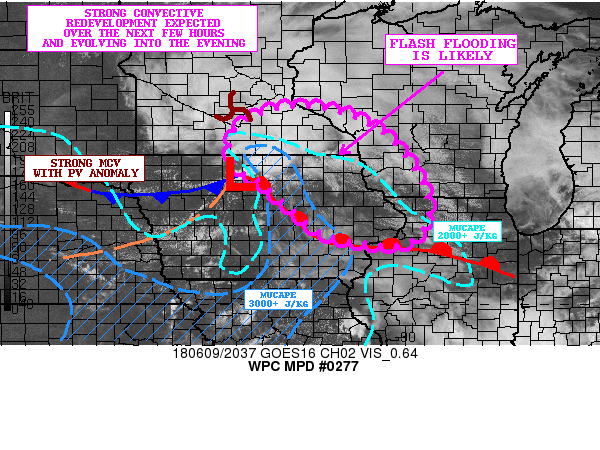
AREAS AFFECTED...SOUTH-CENTRAL TO SOUTHEAST MN...NORTH-CENTRAL TO
NORTHEAST IA...WEST-CENTRAL TO SOUTHWEST WI...NORTHWEST IL

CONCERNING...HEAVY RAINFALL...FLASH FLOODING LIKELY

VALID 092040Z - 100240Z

SUMMARY...HEAVY SHOWERS AND THUNDERSTORMS ARE EXPECTED TO
REDEVELOP AND EXPAND SIGNIFICANTLY IN COVERAGE LATE THIS AFTERNOON
AND EVENING. VERY INTENSE RAINFALL RATES TO NEAR 3 INCHES/HR AND
WET ANTECEDENT CONDITIONS WILL MAKE FLASH FLOODING LIKELY.

DISCUSSION...THE LATEST GOES-16 VISIBLE SATELLITE IMAGERY SHOWS A
STRONG MCV ADVANCING EAST ACROSS SOUTH-CENTRAL MN WITH THE
RGB-AIRMASS IMAGERY SUGGESTING A WELL-DEFINED PV ANOMALY
ASSOCIATED WITH IT.

THIS ENERGY IS EXPECTED TO INTERACT QUITE AGGRESSIVELY OVER THE
NEXT 2 TO 3 HOURS WITH A STRONG INSTABILITY AXIS POOLED NORTH UP
ACROSS CENTRAL AND EASTERN IA WHERE IN SOME CASES MUCAPE VALUES
ARE WELL OVER 3000 J/KG. THERE REMAINS SOME LOW LEVEL CINH OVER
NORTHEAST IA...BUT STRONG SURFACE HEATING WILL OVERCOME THIS AND
ALLOW CONVECTIVE INITIATION TO TAKE PLACE VERY SOON.

THIS WILL BE FACILITATED BY ENHANCING LOW LEVEL CONVERGENCE ALONG
AND NORTH OF A WARM FRONT AHEAD OF THE SURFACE WAVE OVER
NORTH-CENTRAL IA AND FAVORABLE DEEP LAYER SHEAR OF 35 TO 45 KTS.
THE MODE OF CONVECTION WILL LIKELY BE SUPERCELLULAR AS
ORGANIZATION BEGINS...BUT UPSCALE GROWTH INTO A STRONG MCS IS
EXPECTED THIS EVENING AS MERGING SUPERCELLS EVOLVE NEAR AND TO THE
NORTHEAST OF THE FRONT AND EVENTUAL TRACK DOWN TO THE SOUTHEAST
PARALLEL TO THE BOUNDARY.

THE MODELS ARE INSISTENT OVER VERY HEAVY RAINFALL DEVELOPING LATE
THIS AFTERNOON AND EVENING ACROSS AREAS OF ESPECIALLY SOUTHEAST
MN...NORTHEAST IA AND POTENTIALLY GETTING INTO
WEST-CENTRAL/SOUTHWEST WI BY LATE EVENING. ASSUMING STRONGER
CONVECTIVE ORGANIZATION THAN WHAT THE ARW/NMMB AND HRRR/HRRRX
GUIDANCE ARE SUGGESTING...IT IS NOT OUT OF THE QUESTION THAT FAR
NORTHWEST IL WILL NEED TO BE MONITORED BY LATE EVENING AS WELL.

PWATS ARE ALREADY UP NEAR 1.5 INCHES ACROSS THE REGION...AND WITH
VERY COLD CONVECTIVE TOPS/FORCING EXPECTED INCLUDING OVERSHOOTING
TOPS...THE RAINFALL RATES COULD EASILY APPROACH 3 INCHES/HR. THIS
WILL EASILY EXCEED FFG VALUES ACROSS MOST OF THE THREAT AREA.
RAINFALL TOTALS OF AS MUCH AS 3 TO 5 INCHES ARE EXPECTED...WITH
ISOLATED HEAVIER AMOUNTS THROUGH 03Z.

GIVEN THE WET ANTECEDENT CONDITIONS AND THE EXPECTED RAINFALL
RATES AND CORRELATING STORM TOTALS...FLASH FLOODING WILL BE LIKELY.